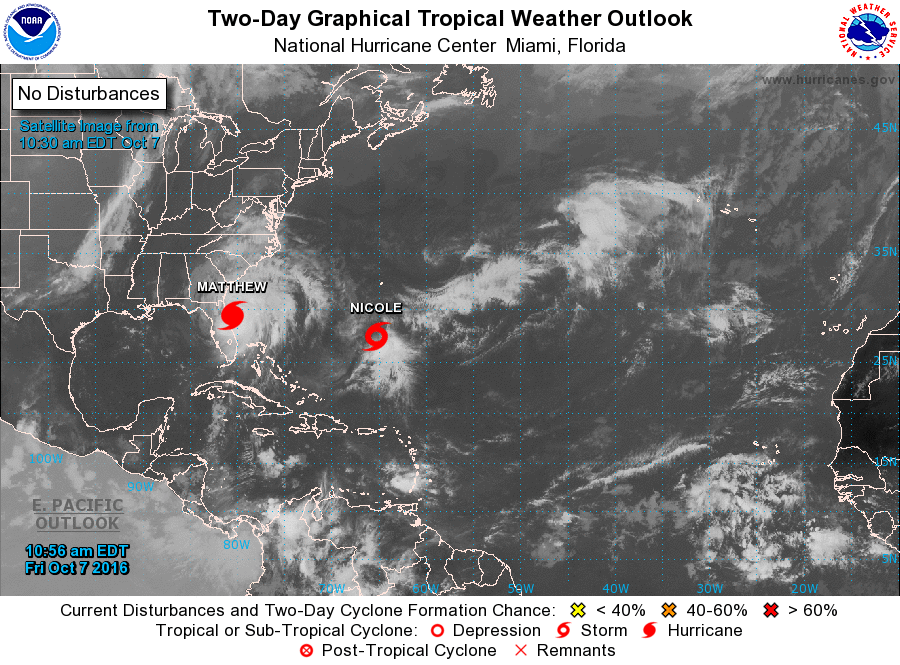
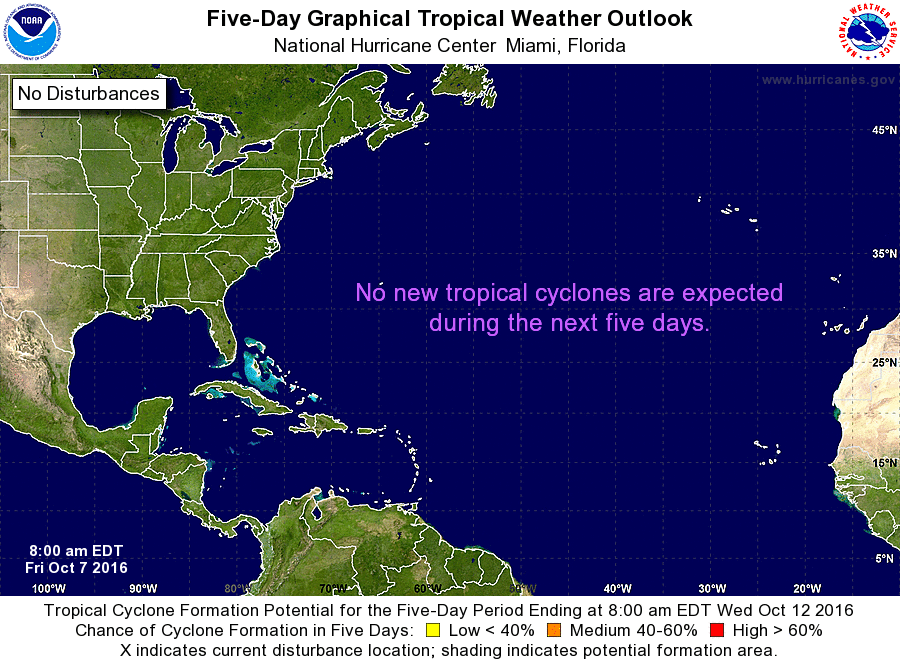
For the North Atlantic...Caribbean Sea and the Gulf of Mexico:

The National Hurricane Center is issuing advisories on Hurricane Matthew, located just offshore of the east-central coast of Florida, and on Hurricane Nicole, located a few hundred miles south of Bermuda.

Tropical cyclone formation is not expected during the next 5 days.

Forecaster Kimberlain